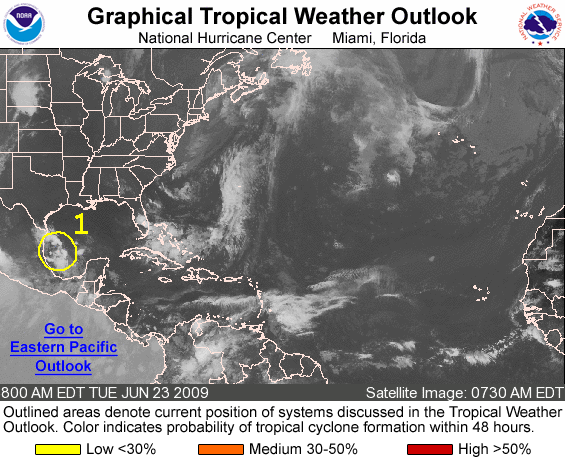
FOR THE NORTH ATLANTIC...CARIBBEAN SEA AND THE GULF OF MEXICO...

1. A TROUGH OF LOW PRESSURE IN THE SOUTHWESTERN GULF OF MEXICO CONTINUES TO PRODUCE DISORGANIZED SHOWERS AND THUNDERSTORMS. THIS ACTIVITY IS EXPECTED TO MOVE SLOWLY NORTHWESTWARD...BRINGING LOCALLY HEAVY RAINFALL TO PORTIONS OF EAST-CENTRAL AND NORTHEASTERN MEXICO OVER THE NEXT COUPLE OF DAYS. SIGNIFICANT DEVELOPMENT IS NOT EXPECTED...WITH A LOW CHANCE...LESS THAN 30 PERCENT...OF THIS SYSTEM BECOMING A TROPICAL CYCLONE DURING THE NEXT 48 HOURS.

ELSEWHERE...TROPICAL CYCLONE FORMATION IS NOT EXPECTED DURING THE NEXT 48 HOURS.

FORECASTER FRANKLIN